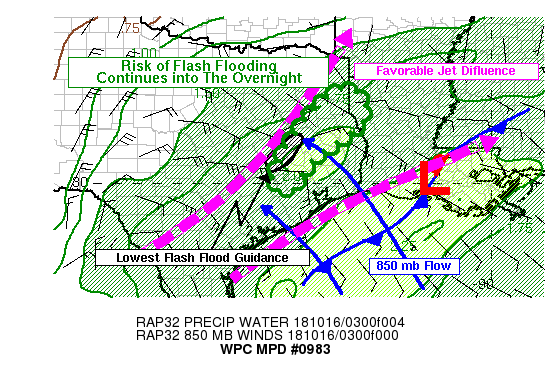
Areas affected...Southeast Texas

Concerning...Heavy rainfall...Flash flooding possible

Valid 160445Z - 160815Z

Summary...Numerous showers and thunderstorms this evening should
persist into the overnight hours as low level moisture continues
to be drawn over a shallow dome of cold air which will continue to
lead to increasingly saturated soil conditions.  This, in turn,
may lead to additional flash flooding into the overnight hours.

Discussion...The latest radar imagery showed an expansive area of
showers and embedded thunderstorms across the broader area of
southeast TX. Moist deep layer southwest flow overrunning a
surface cold front continues to generate plenty of large scale
isentropic ascent for the convection which is being aided by a
nose of elevated instability and also proximity of favorable
right-entrance region jet dynamics. MUCAPE values over southeast
TX were still in the range of 500 to 1000 j/kg with and the PWATS
have reached 1.75 inches which has been helping to produce heavy
rainfall amounts of as much as 1.5 inches/hr within some of the
stronger convective cores.

The large scale dynamics aloft over the region are courtesy of an
upper trough amplifying into the Southwest U.S. and this should
maintain favorable right-entrance region jet forcing overhead
going through at least 08Z.  The HRRR suggests rainfall rates will
be tapering off here about then while the RAP suggested that the
low level flow will continue to provide a source of moisture and
instability into the early morning hours.

Expect as much as 3 to 4 inches of additional rain going into the
early morning hours where stronger convective cells tend to
concentrate and repeat over the same area. Given the moistening
and saturation of the soil, some increased potential for flash
flooding will continue into the overnight.